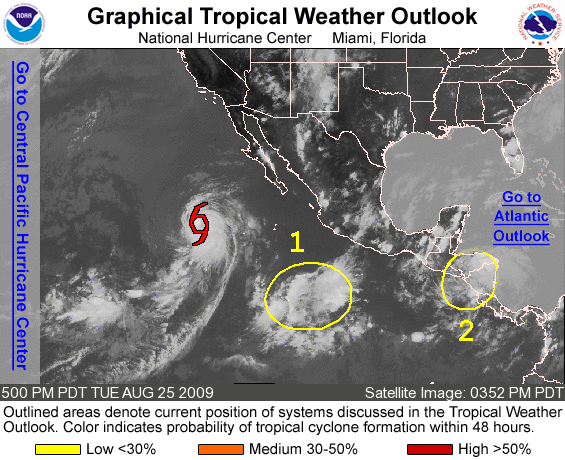
FOR THE EASTERN NORTH PACIFIC...EAST OF 140 DEGREES WEST LONGITUDE..

THE NATIONAL HURRICANE CENTER IS ISSUING ADVISORIES ON TROPICAL STORM IGNACIO...LOCATED ABOUT 710 MILES WEST-SOUTHWEST OF THE SOUTHERN TIP OF BAJA CALIFORNIA.

1. AN AREA OF DISTURBED WEATHER HAS DEVELOPED SEVERAL HUNDRED MILES SOUTH-SOUTHWEST OF THE SOUTHWESTERN COAST OF MEXICO. ENVIRONMENTAL CONDITIONS APPEAR CONDUCIVE FOR SOME SLOW DEVELOPMENT OF THIS SYSTEM AS IT MOVES WEST TO WEST-NORTHWESTWARD NEAR 10 MPH OVER THE NEXT COUPLE OF DAYS. THERE IS A LOW CHANCE...LESS THAN 30 PERCENT...OF THIS SYSTEM BECOMING A TROPICAL CYCLONE DURING THE NEXT 48 HOURS.

2. A BROAD AREA OF LOW PRESSURE LOCATED OVER CENTRAL AMERICA IS MOVING WESTWARD AT 10 TO 15 MPH AND WILL BE MOVING INTO THE EASTERN NORTH PACIFIC OCEAN TONIGHT. DEVELOPMENT OF THIS SYSTEM...IF ANY... SHOULD BE SLOW TO OCCUR TO DUE ITS PROXIMITY TO LAND. THERE IS A LOW CHANCE...LESS THAN 30 PERCENT...OF THIS SYSTEM BECOMING A TROPICAL CYCLONE DURING THE NEXT 48 HOURS. REGARDLESS OF DEVELOPMENT...LOCALLY HEAVY RAIN IS EXPECTED OVER PORTIONS OF CENTRAL AMERICA AND EXTREME SOUTHEASTERN MEXICO OVER THE NEXT DAY OR TWO.

ELSEWHERE...TROPICAL CYCLONE FORMATION IS NOT EXPECTED DURING THE NEXT 48 HOURS.

FORECASTER BERG